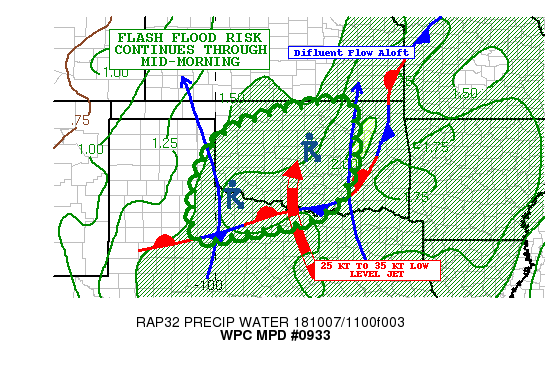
Areas affected...OKLAHOMA AND ADJACENT PORTIONS OF WEST TEXAS

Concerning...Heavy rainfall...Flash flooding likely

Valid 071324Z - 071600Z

Summary...Slow-moving and repeating showers and thunderstorms will
continue through mid-morning.  The risk of flash flooding will
continue over Oklahoma and adjacent portions of Texas due to the
ground becoming increasingly saturated.

Discussion...Latest satellite imagery over the last few hours has
continued to show a gradual backing of the mid and upper-level
flow across the broader Southern Plains region.  This is resulting
in an increase in deep layer ascent/forcing mainly over Oklahoma
and a small amount of nearby areas of west-central Texas.

Activity this morning has been focused in vicinity of a
quasi-stationary frontal zone with modest instability
characterized by MUCAPE values of 1000 to 1500 j/kg. PWATS across
the region are running between 1.6 and 1.8 inches which is again
about 2 standard deviations above normal for this time of the year.

Given an increasingly diffluent flow pattern aloft and favorable
upper-level right-entrance region jet dynamics on the larger
scale, the ongoing convective activity is expected to linger
through mid-morning.  There may be a gradual decrease in coverage
later this morning as the low level jet weakens.

The latest HRRR guidance favors as much as 1 to 3 inches of
additional rain with locally higher amounts through 16Z.  These
amounts are supported by the 00Z run of the ARW/ARW2 although
differences linger with respect to the placement of the heaviest
rainfall.

Given the additional rainfall potential and with the ground
becoming increasingly saturated, the threat for flash flooding is
expected continue through mid-morning.